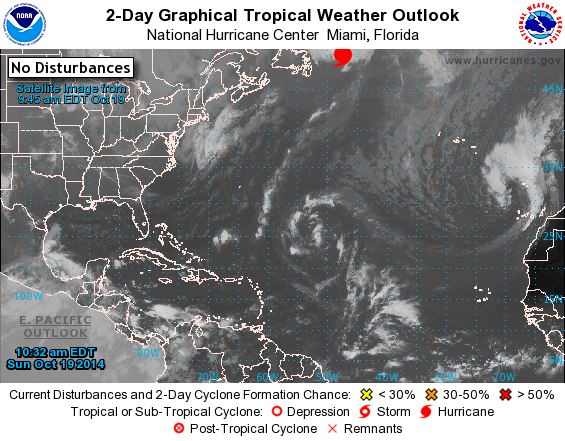
For the North Atlantic...Caribbean Sea and the Gulf of Mexico:

The National Hurricane Center is issuing advisories on Hurricane Gonzalo, located east of Newfoundland.

1. A low pressure system is expected to form over the Bay of Campeche or the southern Gulf of Mexico during the next day or two. Some gradual development of this system is possible after that time while it moves slowly east-northeastward.
* Formation chance through 48 hours...low...near 0 percent.
* Formation chance through 5 days...medium...30 percent.

2. A large non-tropical low is developing over the far eastern Atlantic Ocean about midway between the Azores Islands and the Canary Islands. This system could possibly acquire subtropical characteristics by the middle of the week while it moves westward to west-northwestward over relatively warm waters.
* Formation chance through 48 hours...low...near 0 percent.
* Formation chance through 5 days...low...20 percent.

Forecaster Stewart